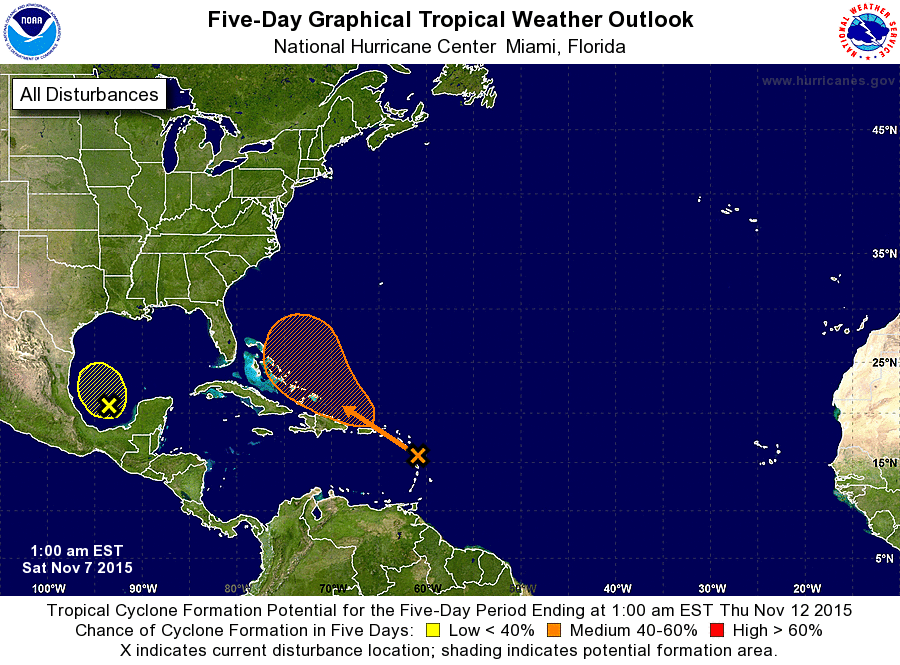
For the North Atlantic...Caribbean Sea and the Gulf of Mexico:

1. Showers and thunderstorms associated with a weak area of low pressure over the southwestern Gulf of Mexico remain disorganized. The low is forecast to merge with a cold front over the western Gulf of Mexico late Saturday, and significant development of this system is not expected.
* Formation chance through 48 hours...low...10 percent
* Formation chance through 5 days...low...10 percent

2. A large area of cloudiness and showers extending from the eastern Caribbean Sea across the Lesser Antilles into the Atlantic is associated with the interaction of an upper-level trough and a west-northwestward moving tropical wave. Some gradual development of this disturbance is possible by early next week when it is forecast to be north of Puerto Rico and Hispaniola. Regardless of development, locally heavy rains are possible over the Lesser Antilles, the Virgin Islands, Puerto Rico, and Hispaniola during the next few days.
* Formation chance through 48 hours...low...20 percent
* Formation chance through 5 days...medium...40 percent

Forecaster Brown